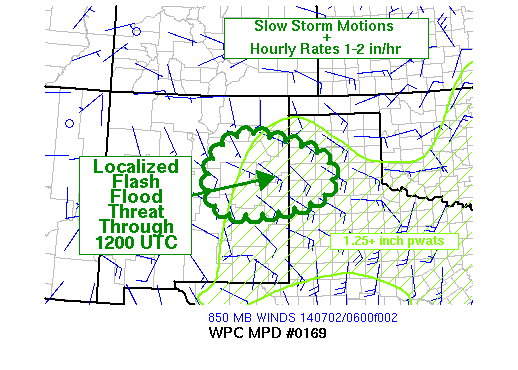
AREAS AFFECTED...ERN NEW MEXICO INTO THE WRN TEXAS PANHANDLE

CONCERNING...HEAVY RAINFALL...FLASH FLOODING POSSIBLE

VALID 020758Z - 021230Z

SUMMARY...STORM MOTIONS LESS THAN 10 KTS COMBINED WITH A CORRIDOR
OF LOCALLY STRONGER LOW LEVEL INFLOW THROUGH 12Z WILL CAUSE A
SHORT TERM FLASH FLOOD THREAT FROM ERN NEW MEXICO INTO THE WRN
TEXAS PANHANDLE.

DISCUSSION...THUNDERSTORMS WITH ESTIMATED HOURLY RAINFALL RATES OF
1-2 IN/HR...PER DUAL POL ESTIMATES AT KFDX...HAVE RECENTLY BEGUN
TO EXPAND IN COVERAGE WITHIN AN AREA OF INSTABILITY MARKED BY
1000+ J/KG ML/MU CAPE PER SPC MESOANALYSIS. THESE STORMS ARE
OCCURRING WITHIN AN ESELY UPSLOPE FLOW REGIME MARKED BY A
RELATIVELY NARROW ZONE OF 25-35 KTS AT 850 MB ACCORDING TO KFDX
VAD WIND PROFILE. COMPLICATING MATTERS IS WEAK STEERING FLOW
BETWEEN THE EFFECTIVE LFC AND EL OF LESS THAN 20 KTS.

RAP MODEL FORECASTS INDICATE THE CORRIDOR OF STRONGER LOW LEVEL
INFLOW WILL MAINTAIN THROUGH 12Z HELPING TO MAINTAIN AN ADEQUATE
INFLUX OF MOISTURE ...BEFORE WEAKENING TO 15 KTS OR LESS AFTER
SUNRISE. UNTIL 12Z HOWEVER...STORMS WILL FEED OFF OF SUFFICIENT
INSTABILITY WITH CELL MERGERS LEADING TO LOCALLY HEAVY RAINFALL
WHICH WILL POSSIBLY EXCEED FLASH FLOOD GUIDANCE OF 2 - 3 INCHES IN
3 HOURS AND/OR 1.5 TO 2.5 IN/HR. WHILE THE COVERAGE OF FLASH
FLOODING IS NOT EXPECTED TO BE WIDESPREAD...COVERAGE SHOULD BE
GREAT ENOUGH TO CAUSE LOCALIZED RUNOFF ISSUEES.